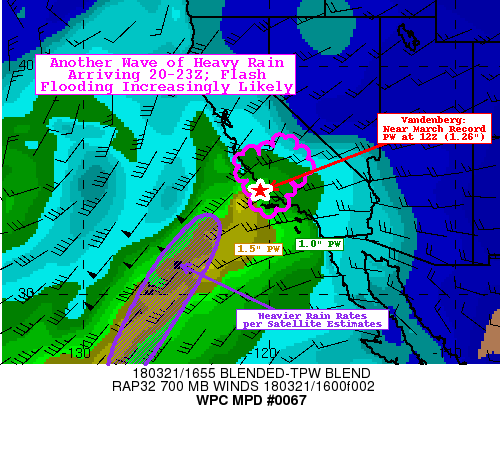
AREAS AFFECTED...CTRL/SC CA COAST...SRN SAN JOAQUIN VALLEY...SRN
SIERRAS

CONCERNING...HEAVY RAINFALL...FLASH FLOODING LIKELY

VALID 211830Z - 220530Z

SUMMARY...ANOTHER WAVE OF HEAVY RAIN IS EXPECTED TO ARRIVE ON THE
SOUTH-CENTRAL CALIFORNIA COAST THIS AFTERNOON. RAIN RATES IN
EXCESS OF 0.5 IN/HR ARE LIKELY...WHICH MAY LEAD TO AREAS OF FLASH
FLOODING. SOME FLOODING WILL EVEN BE POSSIBLE OUTSIDE OF IMMEDIATE
BURN SCAR LOCATIONS.

DISCUSSION...AS OF 18Z A CONVECTIVE CLUSTER HAD PUSHED EAST FROM
THE CHANNEL ISLANDS AND SANTA BARBARA COUNTY INTO VENTURA AND LOS
ANGELES COUNTIES. AT LEAST SEVERAL MESONET SITES HAVE MEASURED 0.5
IN/HR RAIN RATES...PARTICULARLY IN UPSLOPE REGIONS OF HIGHER
TERRAIN. A LULL IN COVERAGE AND INTENSITY OF PRECIPITATION HAD
DEVELOPED BEHIND THIS CONVECTIVE CLUSTER. HOWEVER...A PLUME OF
MODERATE TO OCCASIONALLY HEAVY CONVECTIVE SHOWERS AND CLUSTERS WAS
SITUATED IN THE PLUME OF HIGHEST PRECIPITABLE WATER (PW) VALUES
OFFSHORE FROM AROUND 33.5N/123W SOUTHWEST TO AROUND 27N/128W. THIS
HAS BEEN DETECTED IN MORNING MICROWAVE (AMSU AND SSMIS) SATELLITE
PASSES AND IS BEING TRACKED BY THE GLOBAL HYDRO-ESTIMATOR. PER
DISCUSSION WITH NESDIS SAB...RAIN RATES FROM THE MICROWAVE
INSTRUMENTS AND GHE ARE 5-10 MM/HR (0.2-0.4 IN/HR) IN THE
INDIVIDUAL CONVECTIVE CLUSTERS...WITH SOME ISOLATED MAXIMA AS HIGH
AS 0.7 IN/HR. THE EXPECTATION IS THAT THIS PLUME OF ENHANCED RAIN
RATES SHOULD CONTINUE TO ADVANCE NORTHEAST AND ARRIVE ALONG THE
CALIFORNIA COASTLINE IN SEVERAL HOURS. EXTRAPOLATION OF CURRENT
TRENDS SUGGESTS SOMETIME AROUND 20-23Z IS MOST LIKELY.

TERRAIN ENHANCEMENT WILL BE A FACTOR AS AREAS OF RAIN REACH THE
COAST...WITH BROAD SOUTHWESTERLY FLOW AROUND 40-50 KNOTS AT 700MB
DRIVING NEAR-RECORD MARCH PW VALUES INTO COASTAL TERRAIN FEATURES.
GOES-WEST WATER VAPOR LOOPS CONTINUE TO SHOW A DIGGING WAVE AROUND
40N/140W THAT MAY LEAD TO A DEEPER TROUGH AND ALSO CONTRIBUTE TO
BACKING FLOW INTO THE AFTERNOON AND EVENING HOURS IN THE
ATMOSPHERIC RIVER. AN INCREASING SOUTHERLY COMPONENT TO THE FLOW
MAY PUSH SOME OF THE HEAVIER RAIN RATES FURTHER UP THE
COAST...ALTHOUGH THE MORNING RAIN ENDED UP A BIT FURTHER EAST THAN
MODELS HAD BEEN SHOWING...SO ITS POSSIBLE THAT THE ATMOSPHERIC
RIVER WILL REMAIN FOCUSED AROUND POINT CONCEPTION. ITS WORTH
NOTING THAT IF THE RAIN CONTINUES TO AFFECT SANTA BARBARA AND
VENTURA COUNTIES WITH INCREASINGLY BACKED FLOW...THE OROGRAPHIC
LIFT WOULD LIKELY BE INCREASED AS THE FLOW WOULD BE INTERCEPTING
THE TRANSVERSE RANGES AT A MORE ORTHOGONAL ANGLE.

RAIN RATES IN FAVORED UPSLOPE REGIONS APPEAR LIKELY TO EXCEED 0.5
IN/HR. THIS WOULD BE ACHIEVED BY THE RULE-OF-THUMB OF DOUBLING THE
OFFSHORE RAIN RATES...BUT IS ALSO INDICATED BY HI-RES ENSEMBLE
GUIDANCE (AND HAS ALREADY BEEN OBSERVED ACROSS THE AREA...SO THE
ENVIRONMENT CAN CLEARLY SUPPORT SUCH RAIN RATES). THE 12Z HREF HAS
PROBABILITIES OF 0.5 IN/HR RAIN RATES AROUND 60-80 PERCENT IN
PARTS OF SAN LUIS OBISPO...SANTA BARABARA...AND VENTURA COUNTIES
FROM 00-03Z...ALTHOUGH THE TIMING MAY BE SLIGHTLY DELAYED FROM
WHAT WILL ACTUALLY OCCUR. ADDITIONALLY...IT SHOWS SIMILARLY HIGH
PROBABILITIES SPILLING INTO THE SOUTHERN SAN JOAQUIN VALLEY AROUND
HANFORD AND VISALIA AND PERHAPS INTO THE SOUTHERN EXTENT OF THE
SIERRA NEVADA RANGE JUST TO THE EAST. THESE VALUES WOULD BE LIKELY
TO PRODUCE FLASH FLOODING IN AND NEAR BURN SCAR LOCATIONS. IN THE
SAME AREAS THE HREF ALSO SHOWS A SMALL (10-20 PERCENT) PROBABILITY
OF REACHING 1 IN/HR RAIN RATES WHICH WOULD BE EVEN MORE LIKELY TO
PRODUCE FLASH FLOODING...INCLUDING LOCATIONS OUTSIDE OF BURN SCAR
LOCATIONS.

GIVEN ANTECEDENT RAINFALL FROM THIS MORNING ACROSS MUCH OF THE
AREA...AND THE HIGHER PROBABILITY OF REACHING 0.5 IN/HR RAIN
RATES...FLASH FLOODING SEEMS TO BE INCREASINGLY LIKELY THIS
AFTERNOON AND EVENING IN AND AROUND BURN SCAR LOCATIONS AND IN
FLASHIER DRAINAGE BASINS (SMALLER AND STEEPER TERRAIN GRADIENTS).
WITH RAIN RATES OFFSHORE ALREADY APPROACHING 0.7 IN/HR IN ISOLATED
CASES...HEAVIER RAIN RATES CLOSER TO 1 IN/HR COULD TRIGGER MORE
SUBSTANTIAL AND LIFE-THREATENING DEBRIS FLOWS AND FLASH FLOODING
NEAR BURN SCAR LOCATIONS. FLOODING WILL ALSO BE POSSIBLE OUTSIDE
OF BURN SCAR LOCATIONS AS RAIN RATES INCREASE.